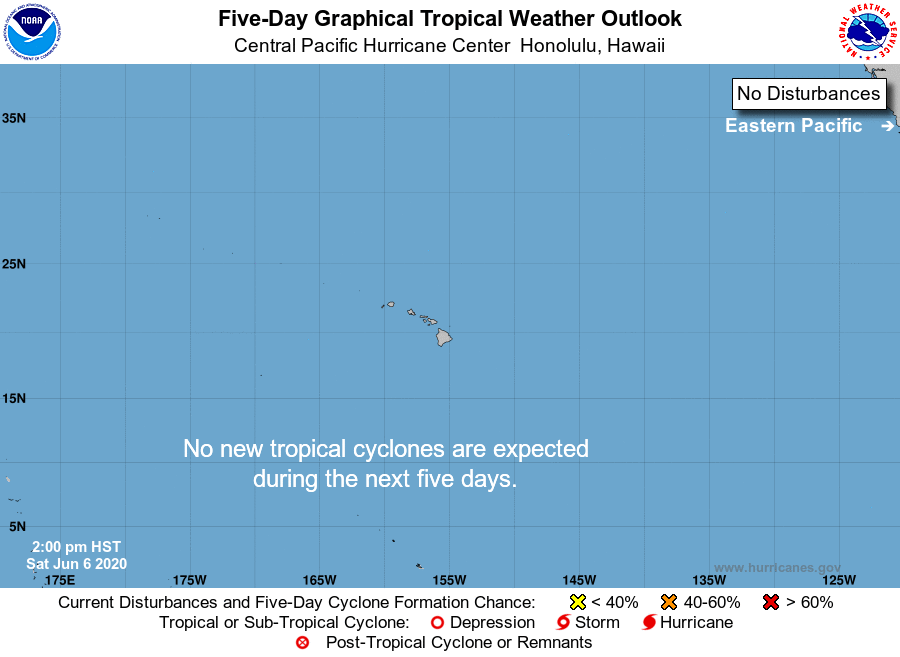
For the central North Pacific...between 140W and 180W:

No tropical cyclones are expected during the next 5 days.

Forecaster Kinel